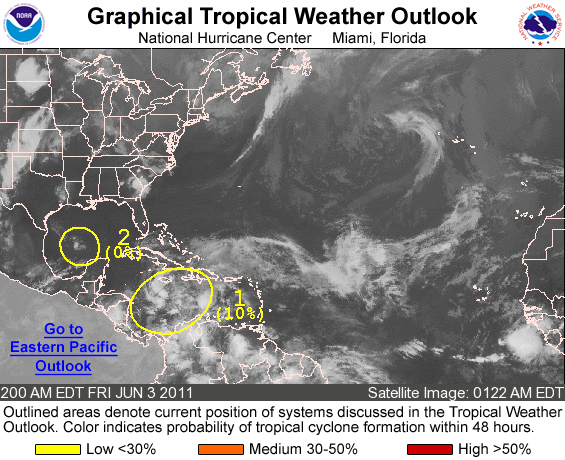
FOR THE NORTH ATLANTIC...CARIBBEAN SEA AND THE GULF OF MEXICO...

1. A BROAD LOW PRESSURE AREA CENTERED A FEW HUNDRED MILES EAST OF NICARAGUA CONTINUES TO PRODUCE A LARGE REGION OF DISORGANIZED CLOUDINESS AND SHOWERS OVER THE CENTRAL AND SOUTHWESTERN CARIBBEAN SEA. ANY DEVELOPMENT OF THIS LOW IS LIKELY TO BE SLOW TO OCCUR...AND THERE IS A LOW CHANCE...10 PERCENT...OF THIS SYSTEM BECOMING A TROPICAL CYCLONE DURING THE NEXT 48 HOURS. HOWEVER... UPPER-LEVEL WINDS COULD BECOME MORE CONDUCIVE FOR DEVELOPMENT AFTER THAT TIME. HEAVY RAINS COULD CAUSE FLASH FLOODING AND MUD SLIDES OVER PORTIONS OF HAITI...THE DOMINICAN REPUBLIC AND JAMAICA OVER THE NEXT DAY OR TWO AS THE LOW REMAINS NEARLY STATIONARY.

2. A SMALL AREA OF LOW PRESSURE IS PRODUCING LIMITED SHOWER ACTIVITY A COUPLE HUNDRED MILES NORTHWEST OF THE YUCATAN PENINSULA. UPPER- LEVEL WINDS ARE BECOMING HOSTILE FOR DEVELOPMENT...AND THERE IS A LOW CHANCE...NEAR 0 PERCENT...OF THIS SYSTEM BECOMING A TROPICAL CYCLONE DURING THE NEXT 48 HOURS AS IT MOVES WESTWARD AT ABOUT 15 MPH.

ELSEWHERE...TROPICAL CYCLONE FORMATION IS NOT EXPECTED DURING THE NEXT 48 HOURS.

FORECASTER BLAKE